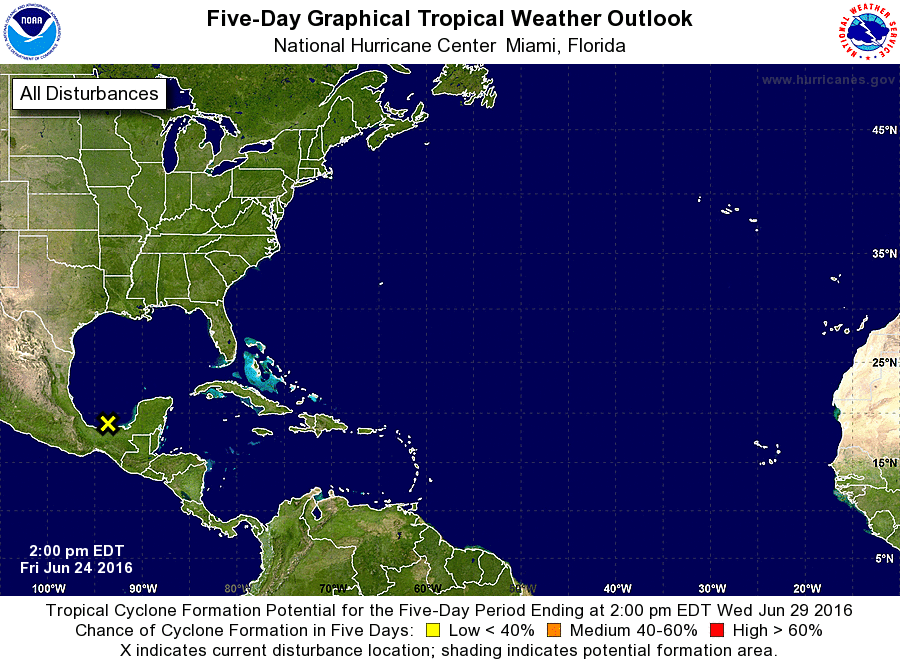
For the North Atlantic...Caribbean Sea and the Gulf of Mexico:

1. Disorganized showers and thunderstorms continue over the Bay of Campeche in association with a weak area of low pressure. Although development of this system is not expected, locally heavy rain is possible when the low moves inland over eastern Mexico on Saturday.
* Formation chance through 48 hours...low...near 0 percent
* Formation chance through 5 days...low...near 0 percent

Forecaster Blake